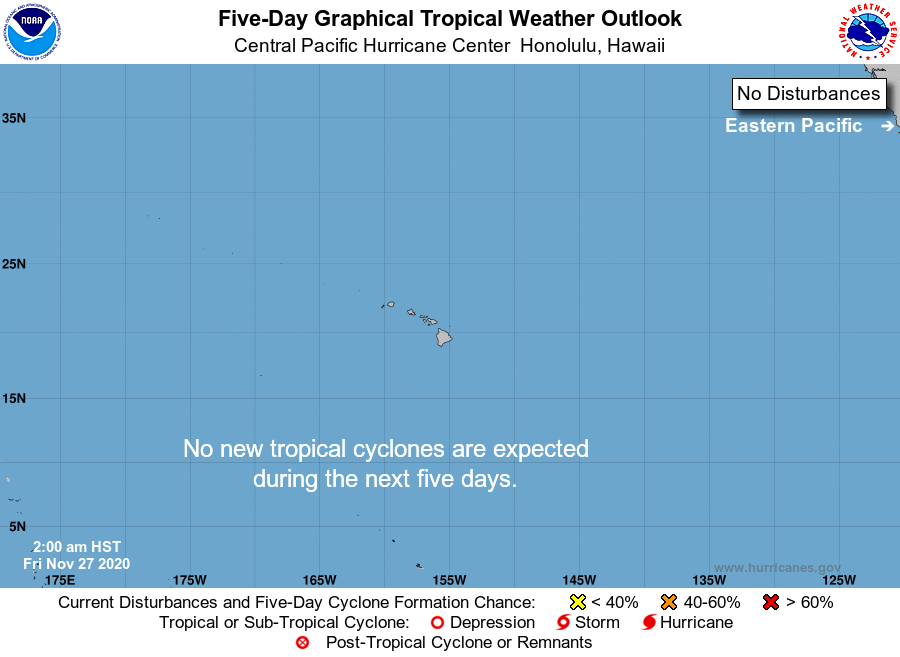
For the central North Pacific...between 140W and 180W:

No tropical cyclones are expected during the next 5 days.

The central North Pacific hurricane season officially ends on November 30. The final Tropical Weather Outlook of the season will be issued at 8 PM on November 30. We will resume issuing outlooks starting on June 1 of 2021.

Forecaster Lau